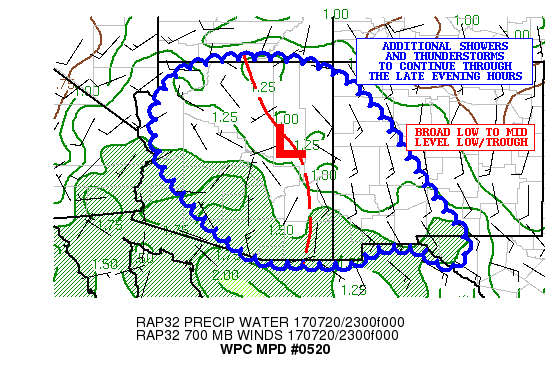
AREAS AFFECTED...FAR SOUTHWEST TX...WESTERN NM...AZ

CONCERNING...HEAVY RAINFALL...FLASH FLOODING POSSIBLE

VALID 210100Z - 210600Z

SUMMARY...AN EXTENSIVE AREA OF SHOWERS AND THUNDERSTORMS CONTINUES
ACROSS AREAS OF WESTERN NM AND AZ. LOCALLY INTENSE RAINFALL WILL
CONTINUE THROUGH LATE EVENING WITH ADDITIONAL FLASH FLOODING
CONCERNS.

DISCUSSION...LATE-DAY EXPERIMENTAL GOES-16 MICRON/IR SATELLITE
IMAGERY SHOW A WIDESPREAD AREA OF COLD-TOPPED PULSE CONVECTION
OVER WESTERN NM AND A LARGE AREA OF AZ THAT CONTINUES TO GENERATE
LOCALLY INTENSE RAINFALL RATES OF UP TO 2 INCHES/HR. THE OVERALL
CLOUD PATTERN IS REPRESENTATIVE OF A CLASSIC MONSOON SET-UP AND
THE LATEST CIRA-LPW PRODUCT AGAIN SHOWS A DEEP COLUMN OF MOISTURE
SUPPORTING PWAT ANOMALIES OF 2 TO 2.5 STANDARD DEVIATIONS ABOVE
NORMAL FROM SOUTHWEST NM ACROSS SOUTHERN AND WESTERN AZ POINTS
NORTH UP ACROSS MUCH OF UT AND INTO WESTERN CO AROUND THE WESTERN
PERIPHERY OF A MID LEVEL SUBTROPICAL RIDGE.

THE MOISTURE IN CONJUNCTION WITH DIURNAL HEATING AND OROGRAPHICS
WILL CONTINUE TO FOSTER NUMEROUS SHOWERS/THUNDERSTORMS THROUGH THE
EVENING...AND THERE IS ADDED SUPPORT BY PRESENCE OF A WEAK MID
LEVEL TROUGH/SHEAR AXIS THAT IS ORIENTED NNW/SSE FROM NORTHERN TO
SOUTHEAST AZ.

GIVEN THE AFOREMENTIONED RAINFALL RATES...FLASH FLOODING WILL
AGAIN BE A CONCERN OVER AREA DRY WASHES/ARROYOS AND ALSO THE MORE
FAVORED HIGHER TERRAIN AROUND AND ADJACENT TO THE MOGOLLON RIM.
THE LATEST HRRR GUIDANCE SUGGESTS AS MUCH AS AN ADDITIONAL 2 TO 3
INCHES OF RAIN LOCALLY THROUGH 06Z...AND ACTUALLY THERE IS SOME
SUPPORT FOR ADDITIONAL CONVECTION PERHAPS BEYOND THIS PERIOD OVER
PARTS OF EASTERN AND SOUTHERN AZ...AND ALSO SOUTHWEST NM WHERE
SOME LINGERING INSTABILITY AND WEAK MID LEVEL FORCING IS SUPPORTED
BY THE HIRES GUIDANCE. MORE BROADLY ON THE LARGE SCALE
THOUGH...THERE WILL TEND TO BE A WEAKENING TREND OF THE CONVECTION
BY LATE EVENING.